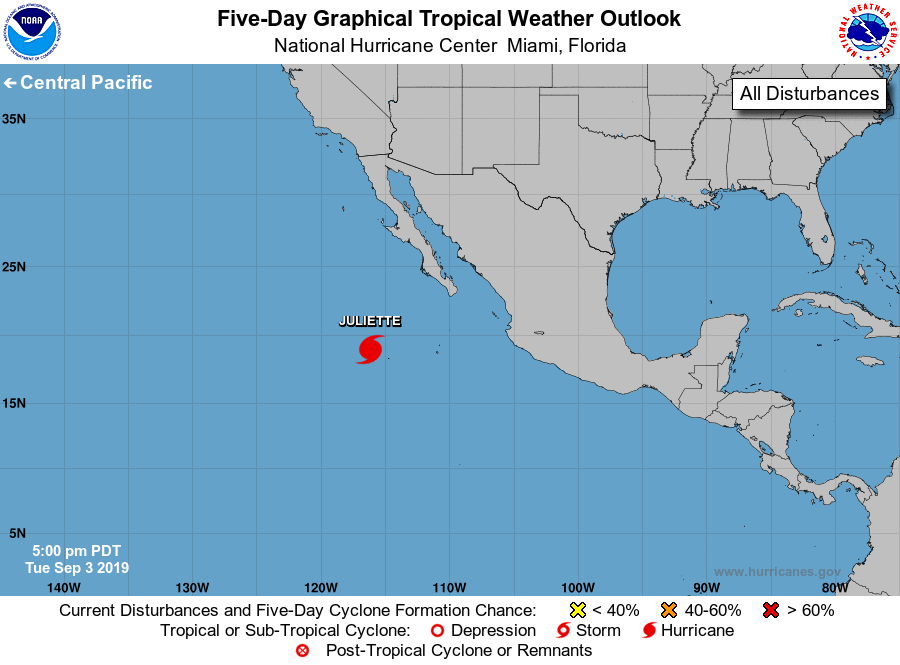
For the eastern North Pacific...east of 140 degrees west longitude:

The National Hurricane Center is issuing advisories on Hurricane Juliette, located several hundred miles southwest of the southern tip of the Baja California peninsula.

Tropical cyclone formation is not expected during the next 5 days.

Forecaster Roberts